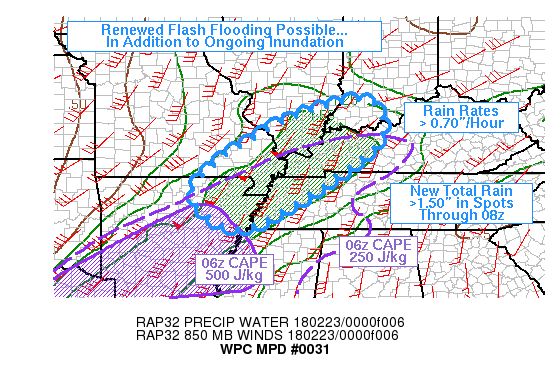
AREAS AFFECTED...NE AR...SE MO...WRN TN/KY...SRN IL/IN

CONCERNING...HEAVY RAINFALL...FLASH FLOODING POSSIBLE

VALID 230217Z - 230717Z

SUMMARY...HEAVIER RAINFALL RETURNING OVER THE NEXT SEVERAL HOURS
THROUGH 08Z. RENEWED FLASH FLOODING / RAPID RUNOFF IS POSSIBLE IN
ADDITION TO ONGOING INUNDATION.

DISCUSSION...THE BREAK BEHIND A DEPARTING SYNOPTIC WAVE WAS
BRIEF...AND THUNDERSTORMS DRIVEN PRIMARILY BY A WARM ADVECTION
PATTERN WERE RETURNING NORTHWARD INTO THE OHIO/MISSISSIPPI RIVER
CONFLUENCE REGION. HEIGHT FALLS WILL OVERSPREAD THE UPPER MIDWEST
TONIGHT...AND IN RESPONSE THE SLOPING FRONTAL ZONE WILL FIND FOCUS
IN THE 850 MB WIND FIELD OVER THE LOWER MS VALLEY...WITH THIS
ENHANCED LOW LEVEL CONFLUENCE / DEEP LAYER ASCENT TRANSLATING
TOWARD THE LOWER OHIO VALLEY THROUGH 08Z.

AT 02Z THIS SYNOPTIC FORCING WAS ALREADY EVIDENCED BY ONGOING
EXTENSIVE THUNDERSTORMS FROM TEXAS TO NORTHEAST ARKANSAS. THE
HRRR/RAP FORECAST SUFFICIENT INSTABILITY...UP TO 250 J/KG...WILL
DEVELOP NORTHWARD IN STEP WITH THE CONVECTION...SUSTAINING
ISOLATED RAIN RATES AS HIGH AS ABOUT 0.70 INCH PER HOUR PER RECENT
DUAL POL ESTIMATES FROM KNQA AND KLZK. BRIEF BOUTS OF TRAINING AS
WELL AS ASSOCIATED STRATIFORM RAIN / STEADY RAINFALL...COULD YIELD
NEW TOTALS OF 1.00 TO 1.50 INCHES IN PLACES THROUGH 08Z. THE 00Z
HRRR LOOKED ESPECIALLY GOOD AT HANDLING THE ORIENTATION AND
INTENSITY OF THE CONVECTION...AND THE 12Z WRF-ARW WAS PERFORMING
SIMILARLY WELL.

THE GRIDDED FLASH FLOOD GUIDANCE ACROSS THIS REGION IS LOW...BUT
MAY NOT BE LOW ENOUGH TO BE FULLY REFLECTIVE OF THE WET ANTECEDENT
CONDITIONS...WITH 2 TO 5 INCHES HAVING FALLEN ALREADY DURING
RECENT EVENTS ACROSS THE ENTIRE DISCUSSION AREA. THUS...THE NEW
RAINFALL MAY VERY WELL PRODUCE FLASH FLOODING IN ADDITION TO
CONTRIBUTING TO FURTHER INUNDATION AND SIGNIFICANT RIVER FLOODING.